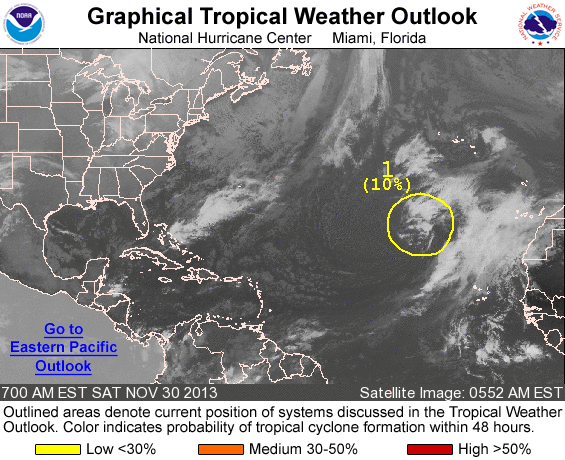
FOR THE NORTH ATLANTIC...CARIBBEAN SEA AND THE GULF OF MEXICO...

1. A NON-TROPICAL LOW PRESSURE SYSTEM LOCATED ABOUT 1000 MILES SOUTH-SOUTHWEST OF THE AZORES IS PRODUCING SOME DISORGANIZED SHOWER AND THUNDERSTORM ACTIVITY AS IT MOVES NORTHEASTWARD AT AROUND 15 MPH. THIS SYSTEM HAS A LOW CHANCE...10 PERCENT...OF BECOMING A SUBTROPICAL CYCLONE DURING THE NEXT 48 HOURS...AND A LOW CHANCE... 10 PERCENT...OF BECOMING A SUBTROPICAL CYCLONE DURING THE NEXT 5 DAYS.

FIVE-DAY FORMATION PROBABILITIES ARE EXPERIMENTAL IN 2013. COMMENTS ON THE EXPERIMENTAL FORECASTS CAN BE PROVIDED AT...

HTTP://WWW.NWS.NOAA.GOV/SURVEY/NWS-SURVEY.PHP?CODE=ETWO

FORECASTER BRENNAN